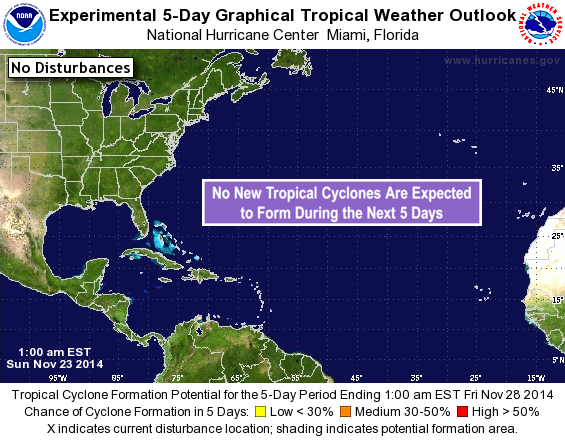
For the North Atlantic...Caribbean Sea and the Gulf of Mexico:

Tropical cyclone formation is not expected during the next 5 days.

Forecaster Beven